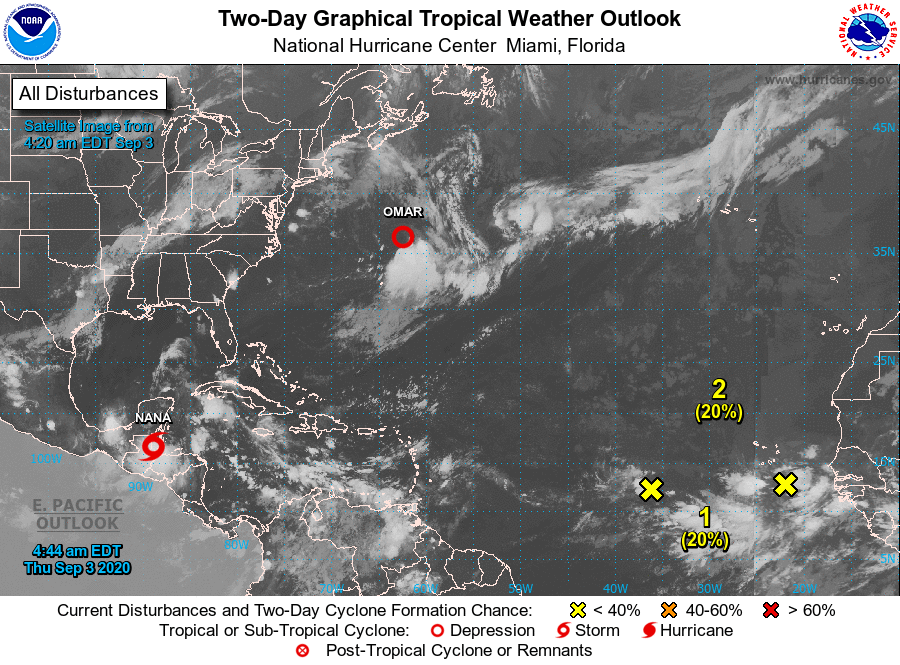
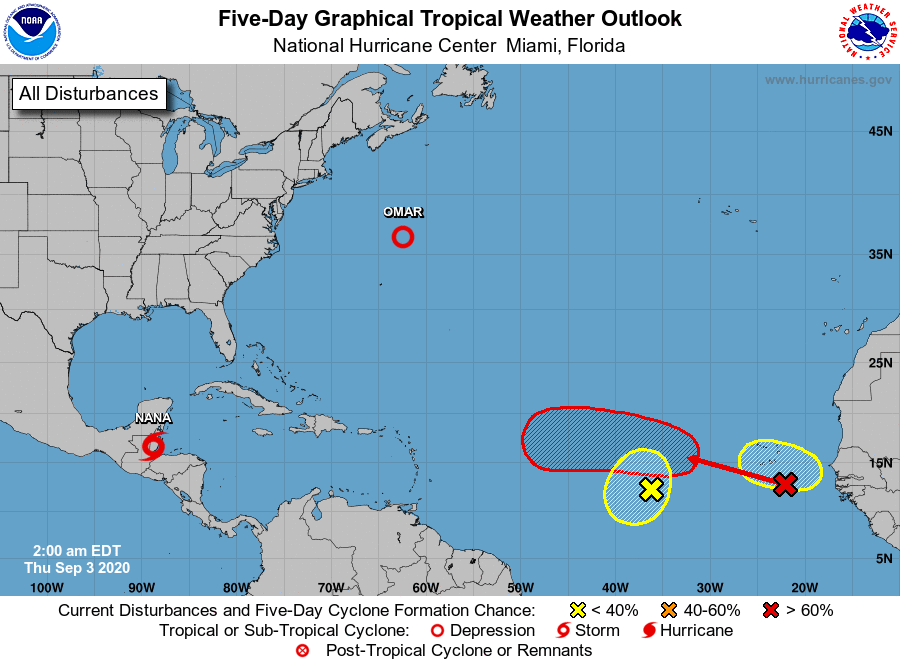
For the North Atlantic...Caribbean Sea and the Gulf of Mexico:

The National Hurricane Center is issuing advisories on recently upgraded Hurricane Nana, approaching the coast of Belize, and on Tropical Depression Omar, located a few hundred miles north of Bermuda.

1. A broad area of low pressure located over the eastern tropical Atlantic several hundred miles west-southwest of the Cabo Verde Islands continues to produce a small area of showers and thunderstorms. This system is expected to interact with a tropical wave approaching from the east over the weekend, and it is unclear if the interaction will enhance or inhibit development of this system while it meanders over the eastern and central tropical Atlantic through early next week.
* Formation chance through 48 hours...low...20 percent.
* Formation chance through 5 days...low...30 percent.

2. A tropical wave located off the coast of west Africa is merging with another disturbance located a couple of hundred miles south of the Cabo Verde Islands, resulting in an extensive area of disorganized showers and thunderstorms. Development of this system is likely to be slow during the next couple of days while it moves west- northwestward at about 15 mph, and a tropical depression is more likely to form early next week over the central tropical Atlantic where environmental conditions are forecast to be more favorable for development.
* Formation chance through 48 hours...low...20 percent.
* Formation chance through 5 days...high...70 percent.

3. Another tropical wave is forecast to move off the west coast of Africa over the weekend. An area of low pressure is expected to form from the wave, and some development of this low will be possible early next week while it moves generally westward over the far eastern tropical Atlantic.
* Formation chance through 48 hours...low...near 0 percent.
* Formation chance through 5 days...low...20 percent.

Forecaster Berg